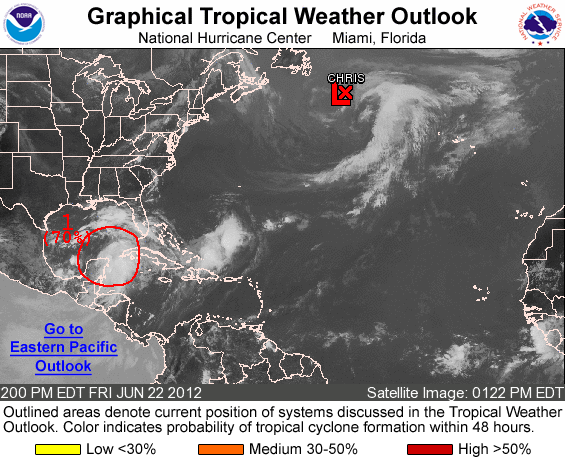
FOR THE NORTH ATLANTIC...CARIBBEAN SEA AND THE GULF OF MEXICO...

THE NATIONAL HURRICANE CENTER HAS ISSUED THE FINAL ADVISORY ON POST-TROPICAL CYCLONE CHRIS...LOCATED ABOUT 335 MILES EAST- SOUTHEAST OF CAPE RACE NEWFOUNDLAND.

1. SATELLITE IMAGERY AND SURFACE OBSERVATIONS INDICATE THAT THE CIRCULATION ASSOCIATED WITH THE BROAD SURFACE LOW LOCATED JUST NORTH OF THE YUCATAN PENINSULA HAS BECOME A LITTLE BETTER DEFINED OVER THE PAST FEW HOURS. WHILE THE SHOWER AND THUNDERSTORM ACTIVITY HAS CHANGED LITTLE IN ORGANIZATION...ENVIRONMENTAL CONDITIONS APPEAR CONDUCIVE FOR A TROPICAL DEPRESSION TO FORM. THIS SYSTEM HAS A HIGH CHANCE...70 PERCENT...OF BECOMING A TROPICAL CYCLONE DURING THE NEXT 48 HOURS AS IT BEGINS TO MOVE SLOWLY NORTHWARD. INTERESTS ALONG THE UNITED STATES GULF COAST SHOULD MONITOR THE PROGRESS OF THIS DISTURBANCE THROUGH THE WEEKEND. HEAVY RAINS AND LOCALIZED FLOODING ARE POSSIBLE ACROSS THE YUCATAN PENINSULA...WESTERN CUBA...AND SOUTHERN FLORIDA THROUGH SATURDAY.

ELSEWHERE...TROPICAL CYCLONE FORMATION IS NOT EXPECTED DURING THE NEXT 48 HOURS.

FORECASTER BRENNAN